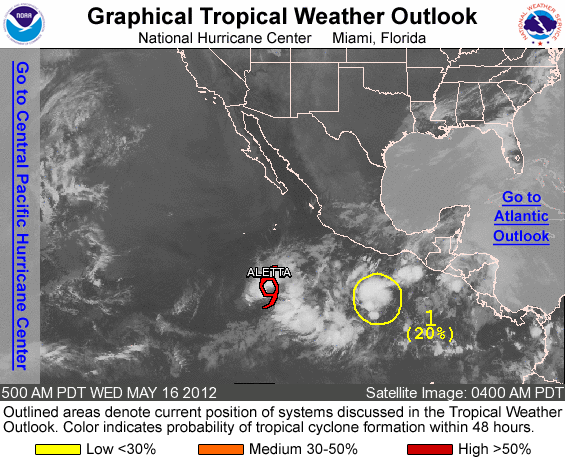
FOR THE EASTERN NORTH PACIFIC...EAST OF 140 DEGREES WEST LONGITUDE..

THE NATIONAL HURRICANE CENTER IS ISSUING ADVISORIES ON TROPICAL STORM ALETTA...LOCATED ABOUT 770 MILES SOUTH OF THE SOUTHERN TIP OF BAJA CALIFORNIA.

1. SHOWER ACTIVITY ASSOCIATED WITH A LOW PRESSURE AREA ABOUT 525 MILES SOUTH-SOUTHEAST OF ACAPULCO HAS INCREASED AND BECOME A LITTLE BETTER ORGANIZED OVERNIGHT. ENVIRONMENTAL CONDITIONS REMAIN CONDUCIVE FOR GRADUAL DEVELOPMENT OF THIS SYSTEM DURING THE NEXT COUPLE OF DAYS. THIS SYSTEM HAS A LOW CHANCE...20 PERCENT...OF BECOMING A TROPICAL CYCLONE DURING THE NEXT 48 HOURS.

ELSEWHERE...TROPICAL CYCLONE FORMATION IS NOT EXPECTED DURING THE NEXT 48 HOURS.

FORECASTER KIMBERLAIN